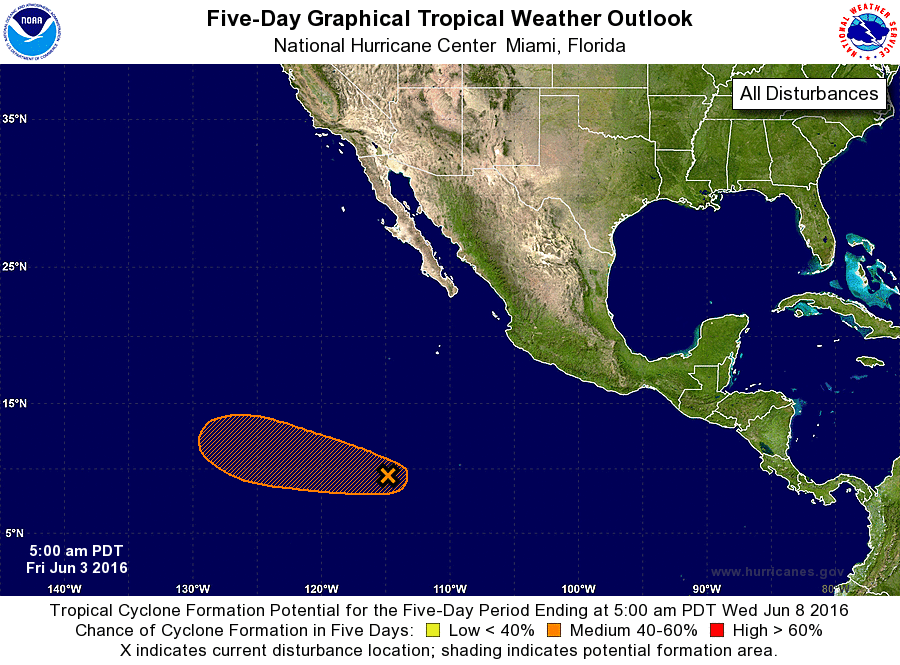
For the eastern North Pacific...east of 140 degrees west longitude:

1. A broad but well-defined area of low pressure is located about 975 miles south-southwest of the southern tip of the Baja California peninsula. Although the associated showers and thunderstorms remain disorganized, a tropical depression could still form during the next few days while the low moves west-northwestward.
* Formation chance through 48 hours...medium...40 percent
* Formation chance through 5 days...medium...60 percent

Forecaster Cangialosi